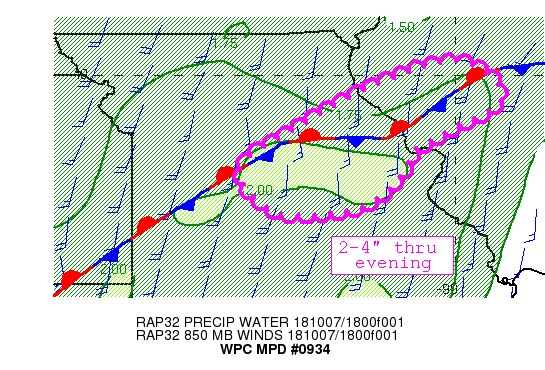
Areas affected...Central Missouri to Western Illinois

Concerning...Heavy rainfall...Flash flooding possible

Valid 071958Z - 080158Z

Summary...Slow-moving and repeating showers and thunderstorms will
continue into this evening. The risk of flash flooding expand from
east-central MO to western IL (remaining west/north of the St.
Louis urban area).

Discussion...The anti-cyclonic branch of the warm conveyor belt
east of an expansive trough across the western CONUS with origins
in the tropical east Pacific with additional moisture feed from
the western Gulf crosses Missouri and western IL per GOES-16 water
vapor imagery. 1.75 to 2 inch PW in this moisture plume is across
east-central MO and western IL per recent RAP analysis which is a
2.5 standardized anomaly.

Activity this afternoon has been focused in vicinity of a
quasi-stationary frontal zone across east-central MO with modest
instability characterized by MLCAPE values of 1000 to 1500 j/kg
per recent RAP analysis. Rain rates of two inches per hour
triggered a flash flood warning for Miller and Morgan Counties in
MO an hour ago. A secondary swath of thunderstorms have developed
east of there which are now in the western St. Louis suburbs.
Surface, low level and deep layer southerly flow will allow
additional thunderstorms to repeat over these areas as indicated
by the 19Z HRRR.

Furthermore, activity that develops farther northeast into western
IL should be oriented closer to the front which could allow
particularly heavy rainfall in western IL. FFG in western IL is
not low, but 2-4" would cause local concerns into the lower IL
river valley.

Guidance is confident in the activity not shifting farther east
into St. Louis itself with the focus west to north of the city.
Activity from yesterday was west of St. Louis which is where FFG
is lowest.

Given the additional rainfall potential and with the ground
becoming increasingly saturated, the possible threat for flash
flooding is expected continue through this evening.